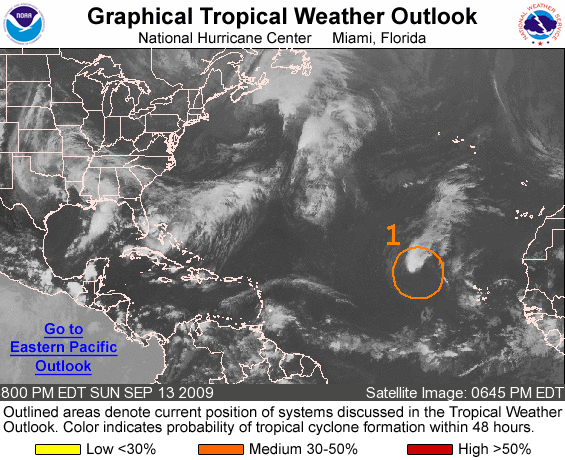
FOR THE NORTH ATLANTIC...CARIBBEAN SEA AND THE GULF OF MEXICO...

1. SHOWER AND THUNDERSTORM ACTIVITY CONTINUES IN ASSOCIATION WITH THE REMNANTS OF FRED...WHICH ARE LOCATED ABOUT 725 MILES WEST-NORTHWEST OF THE NORTHERNMOST CAPE VERDE ISLANDS AND MOVING SLOWLY WESTWARD. WHILE UPPER-LEVEL WINDS ARE EXPECTED TO REMAIN UNFAVORABLE FOR RE-DEVELOPMENT...REGENERATION OF THIS SYSTEM INTO A TROPICAL CYCLONE IS POSSIBLE IF THE ORGANIZATION OF THE SHOWER AND THUNDERSTORM ACTIVITY INCREASES. THERE IS A MEDIUM CHANCE...30 TO 50 PERCENT...OF THIS SYSTEM BECOMING A TROPICAL CYCLONE DURING THE NEXT 48 HOURS.

ADDITIONAL INFORMATION ON THIS SYSTEM CAN BE FOUND IN HIGH SEAS FORECASTS ISSUED BY THE NATIONAL WEATHER SERVICE... UNDER AWIPS HEADER NFDHSFAT1 AND WMO HEADER FZNT01 KWBC.

ELSEWHERE...TROPICAL CYCLONE FORMATION IS NOT EXPECTED DURING THE NEXT 48 HOURS.

FORECASTER BRENNAN